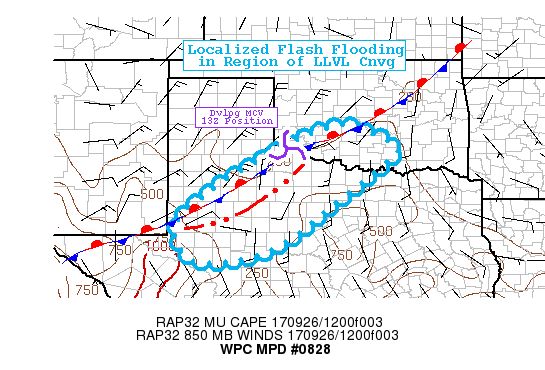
AREAS AFFECTED...NW TEXAS...SW AND SC OKLAHOMA

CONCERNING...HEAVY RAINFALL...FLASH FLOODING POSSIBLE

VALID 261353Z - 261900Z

SUMMARY...LOCALIZED FLASH FLOODING IS POSSIBLE IN A REGION OF
LOW-LEVEL CONVERGENCE OVER NW TX AND SW/SC OK THAT WILL BE SLOWLY
SHIFTING SOUTHEAST WITH TIME TODAY.

DISCUSSION...AT 1330Z REGIONAL RADARS AND SATELLITE IMAGERY
INDICATED A CORRIDOR OF GRADUALLY GROWING CONVECTIVE ACTIVITY
ACROSS NORTHWEST TEXAS AND SOUTHWEST OKLAHOMA. THIS WAS ASSOCIATED
WITH ENHANCED LOW-LEVEL MOISTURE FLUX CONVERGENCE ON A BOUNDARY
THAT IS LIKELY A COMPOSITE OF AN EXISTING QUASI-STATIONARY FRONT
AND OUTFLOW BOUNDARIES FROM OVERNIGHT CONVECTION TO THE NORTHWEST
(IN ERN NM AND TX PANHANDLE). IR SATELLITE IMAGERY SHOWS POCKETS
OF SLOWLY COOLING CLOUD TOPS...LIKELY A REFLECTION OF THE LIMITED
INSTABILITY ACROSS THE REGION WITH RAP ANALYSIS SHOWING MUCAPE
AROUND 500 J/KG. INSTABILITY LEVELS MAY NOT INCREASE MUCH THROUGH
THE MORNING AND EARLY AFTERNOON HOURS GIVEN ABUNDANT CLOUD
COVER...BUT THE FIRST FEW FRAMES OF VISIBLE SATELLITE IMAGERY
SHOWED SOME POCKETS OF CLEARING TO THE SOUTHEAST OF ONGOING
CONVECTION. THEREFORE...IT MAY BE POSSIBLE TO PUSH MUCAPE UP TO
AROUND 1000 J/KG IN THE SOUTHEAST PART OF THE OUTLINED DISCUSSION
AREA BY EARLY AFTERNOON...AND CONVECTION SHOULD HAVE A TENDENCY TO
DRIFT SOUTHEAST WITH TIME.

THE MOST FOCUSED AREA OF CONVECTION THUS FAR HAS BEEN NEAR THE RED
RIVER ON THE WESTERN OK-TX BORDER. THERE WERE SOME HINTS IN KFDR
REFLECTIVITY LOOPS THAT A WEAK MCV MAY BE DEVELOPING NEAR OR JUST
SW OF ALTUS OK...AND A BAND OF CONVECTION APPEARED TO BE
ORGANIZING ON THE E/SE FLANK. IT APPEARS THAT KFDR DUAL POL VALUES
ARE UNDERESTIMATING RAINFALL RATES...WITH THE VERNON TX AWOS
(KF05) RECORDING 1.53 IN/HR BETWEEN 7-8 AM LOCAL TIME. HIGHEST
ESTIMATES FROM KFDR WITHIN A FEW MILES OF THE OBSERVATION SITE
WERE AROUND 1 IN/HR. GIVEN THE LOCALIZED FORCING FROM THE POSSIBLE
MCV...FOCUSED BANDS OF CONVECTION MAY PERSIST FOR ANOTHER 1-3
HOURS FROM NEAR LAWTON OK TO NEAR SEYMOUR TX. THIS COULD LEAD TO
RAIN RATES POSSIBLY UP TO 2 IN/HR GIVEN THE OBSERVATIONAL HISTORY
AT VERNON...AND LOCALIZED FLASH FLOODING.

ELSEWHERE IN THE DISCUSSION AREA...CONVECTION SHOULD CONTINUE TO
GRADUALLY DEVELOP ALONG AND AHEAD OF THE NEAR-SURFACE BOUNDARY.
THE LAST SEVERAL RUNS OF THE OPERATIONAL HRRR SHOW INCREASING RAIN
RATES FROM NEAR MIDLAND TX TO NEAR WICHITA FALLS TX BY
15-16Z...AND THEN GRADUALLY DRIFTING TO THE SOUTHEAST WITH TIME IN
THE AFTERNOON HOURS. LOCALIZED FLASH FLOODING COULD DEVELOP IN
AREAS WHERE CONVECTION MANAGES TO TRAIN FOR A COUPLE HOURS...GIVEN
RAIN RATES OF 1-2 IN/HR. STORMS MAY BECOME MORE EFFICIENT RAINFALL
PRODUCERS IF GREATER INSTABILITY CAN DEVELOP...AND MODIFIED RAP
SOUNDINGS FROM NEAR ABILENE SUGGEST 1000 J/KG CAPE WOULD BE
ACHIEVABLE WITH ONLY MODEST SURFACE TEMPERATURE INCREASES TO
AROUND 72-74 DEGREES.